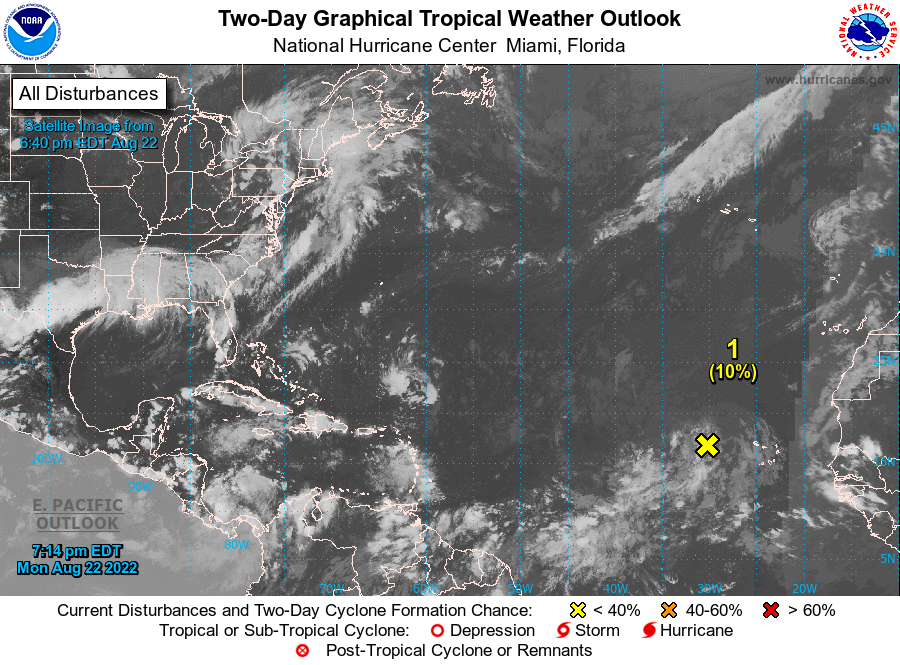
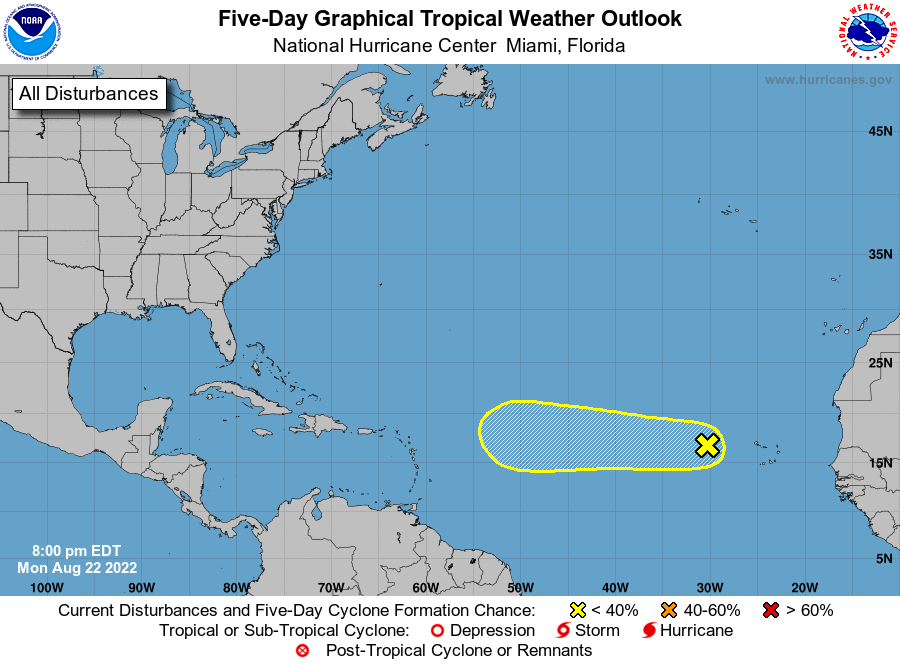
For the North Atlantic...Caribbean Sea and the Gulf of Mexico:

1. Eastern Tropical Atlantic: A tropical wave located a few hundred miles west of the Cabo Verde Islands is producing disorganized shower activity. Environmental conditions appear marginally conducive for gradual development during the next several days while the system moves westward to west-northwestward at 10 to 15 mph across the tropical Atlantic.
* Formation chance through 48 hours...low...10 percent.
* Formation chance through 5 days...low...30 percent.

Forecaster Cangialosi